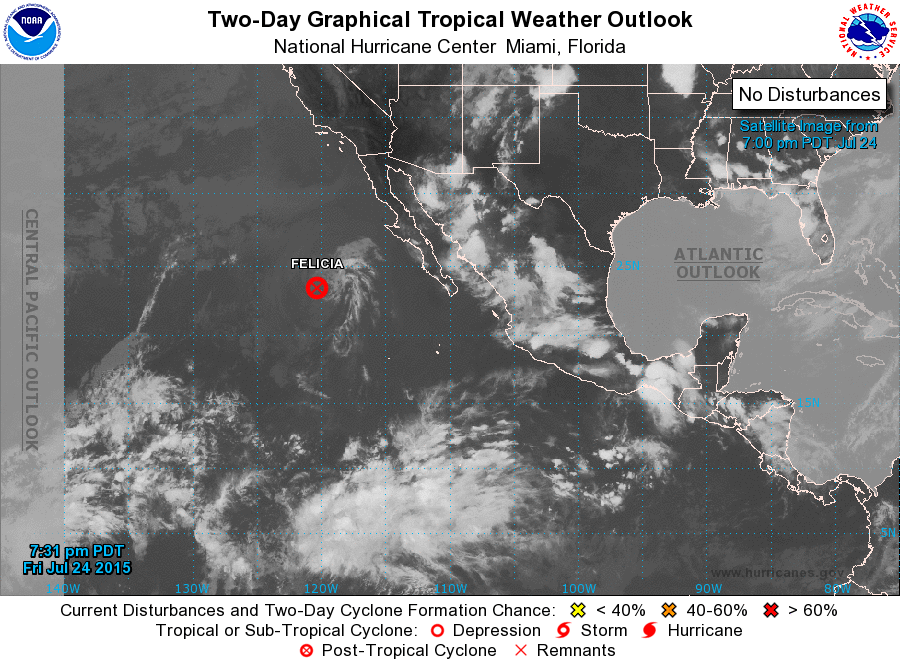
For the eastern North Pacific...east of 140 degrees west longitude:

The National Hurricane Center is issuing advisories on Tropical Depression Felicia, located several hundred miles west of the southern tip of the Baja California peninsula.

1. An area of low pressure is expected to form well to the west- southwest of the southern tip of the Baja California peninsula by early next week. Environmental conditions are expected to be conducive for gradual development of this system while it moves westward to west-northwestward.
* Formation chance through 48 hours...low...near 0 percent
* Formation chance through 5 days...medium...40 percent

Forecaster Kimberlain